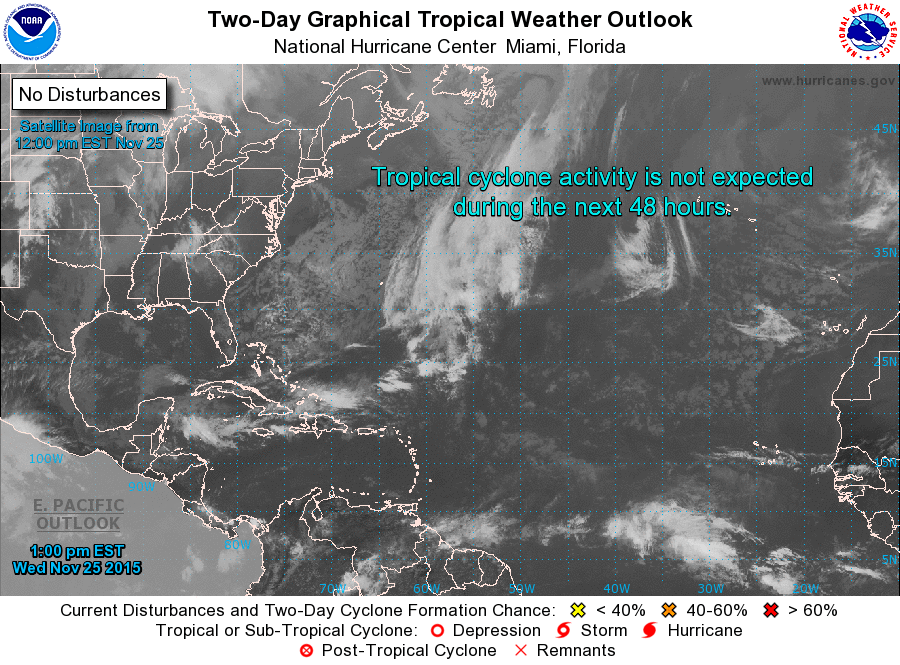
For the North Atlantic...Caribbean Sea and the Gulf of Mexico:

Tropical cyclone formation is not expected during the next 5 days.

Forecaster Cangialosi